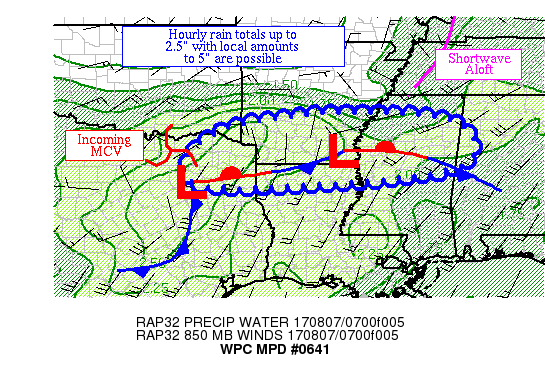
AREAS AFFECTED...ARKLATEX THROUGH NORTHERN MS

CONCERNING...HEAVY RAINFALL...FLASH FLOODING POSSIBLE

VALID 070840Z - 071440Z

SUMMARY...SHOWERS AND THUNDERSTORMS ARE ATTEMPTING TO BRIDGE
ACROSS FROM NORTHEAST TX IN NORTHERN MS.  HOURLY RAIN RATES UP TO
2.5" WITH LOCAL AMOUNTS TO 5" POSSIBLE.

DISCUSSION...THUNDERSTORMS HAVE RECENTLY TRIED TO REORGANIZE IN
FAR NORTHEAST TX ON RADAR IMAGERY, WITH A RECENT HALT TO CLOUD TOP
WARMING NOTED ON NON-OPERATIONAL GOES-16 IMAGERY.  RADAR IMAGERY
SHOWS ATTEMPTS TO BRIDGE, USING NEW WIDELY SCATTERED SHOWER AND
THUNDERSTORM ACTIVITY ACROSS SOUTHERN AR AND NORTHWEST MS SOUTH OF
A SHORTWAVE IN WESTERN TN, TO A CLUSTER OF THUNDERSTORMS OVER
NORTHEAST MS.  INFLOW AT 850 HPA IS 15-25 KTS PER VAD WIND
PROFILES, NEAR THE MAGNITUDE OF THE 850-400 HPA WIND, WHICH IS
MAINTAINING 1000-2000 J/KG MU CAPE VALUES ACROSS THE REGION.
EFFECTIVE BULK SHEAR IS ~20 KTS.  PRECIPITABLE WATER VALUES ARE
2-2.25" PER RECENT GPS DATA.

INFLOW AT 850 HPA IS EXPECTED TO PICK UP TO 25-40 KTS AS AN MCV
MOVES EASTWARD FROM NORTHEAST TX, WHICH SHOULD INCREASE
PRECIPITATION EFFICIENCY WITH TIME AS THE MEAN 850-400 HPA WIND
WEAKENS TO 10-15 KTS.  THE MESOSCALE GUIDANCE GENERALLY AGREES
THAT SOMEWHERE IN THIS REGION SHOULD RECEIVE LOCAL AMOUNTS OF
4-5", BUT NOT PRECISELY WHERE. THE 00Z SSEO NEIGHBORHOOD
PROBABILITIES SHOW POCKETS OF 50%+ EXCEEDANCE OF THE THREE HOUR
FLASH FLOOD GUIDANCE VALUES SPREADING ACROSS NORTHEAST TX AND
SOUTHWEST AR WITH TIME WITH LOWER VALUES ACROSS NORTHERN
MS/NORTHWEST AL.  THE 00Z CANADIAN REGIONAL WAS THE MOST BULLISH
WITH THE EXTENT OF 3"+ AMOUNTS.  HOURLY RAIN AMOUNTS UP TO 2.5"
SHOULD BE POSSIBLE OVER THE NEXT SEVERAL HOURS.